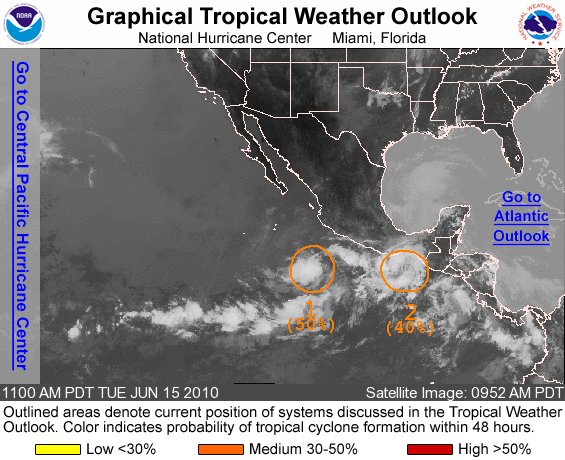
FOR THE EASTERN NORTH PACIFIC...EAST OF 140 DEGREES WEST LONGITUDE..

1. CLOUDINESS AND INTERMITTENT SHOWERS ASSOCIATED WITH A NEARLY STATIONARY LOW PRESSURE SYSTEM LOCATED ABOUT 350 MILES WEST-SOUTHWEST OF ACAPULCO MEXICO HAVE BECOME A LITTLE BETTER ORGANIZED SINCE YESTERDAY. ENVIRONMENTAL CONDITIONS APPEAR CONDUCIVE FOR SOME SLOW DEVELOPMENT OF THE LOW OVER THE NEXT COUPLE OF DAYS AS IT MOVES LITTLE. THERE IS A MEDIUM CHANCE...50 PERCENT...OF THIS DISTURBANCE BECOMING A TROPICAL CYCLONE DURING THE NEXT 48 HOURS.

2. A BROAD AREA OF LOW PRESSURE IN THE VICINITY OF THE GULF OF TEHUANTEPAC CONTINUES TO PRODUCE WIDESPREAD CLOUDINESS AND THUNDERSTORMS. ENVIRONMENTAL CONDITIONS APPEAR CONDUCIVE FOR SOME SLOW DEVELOPMENT OF THIS SYSTEM OVER THE NEXT DAY OR TWO AS IT REMAINS NEARLY STATIONARY. THERE IS A MEDIUM CHANCE...40 PERCENT...OF THIS SYSTEM BECOMING A TROPICAL CYCLONE DURING THE NEXT 48 HOURS. ALTHOUGH ONLY SLOW DEVELOPMENT IS EXPECTED..THE POTENTIAL WILL INCREASE FOR HEAVY RAINS TO IMPACT AT LEAST SOME COASTAL SECTIONS OF SOUTHEASTERN MEXICO DURING THE NEXT COUPLE OF DAYS.

ELSEWHERE...TROPICAL CYCLONE FORMATION IS NOT EXPECTED DURING THE NEXT 48 HOURS.

FORECASTER TERRY